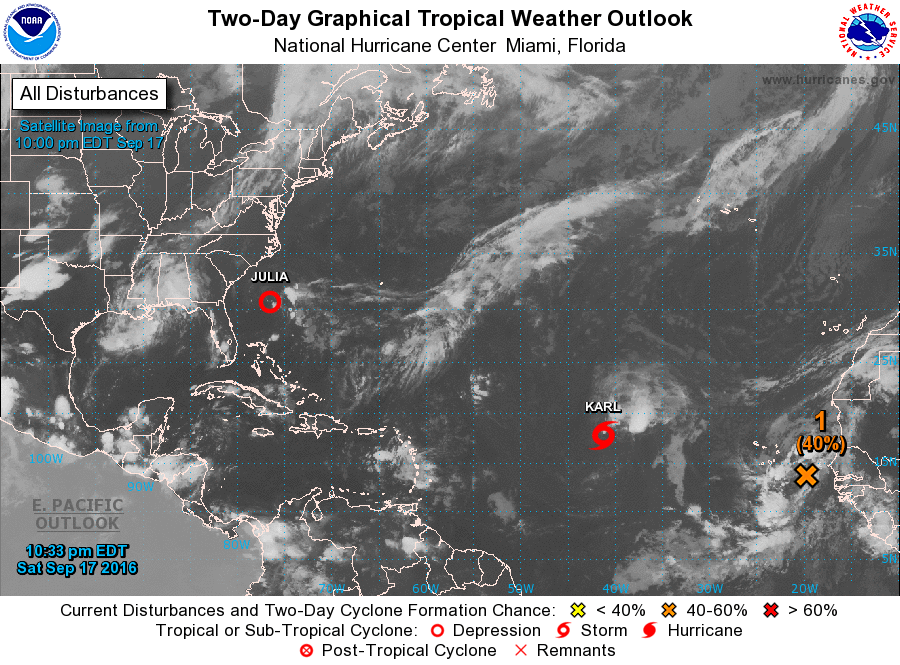
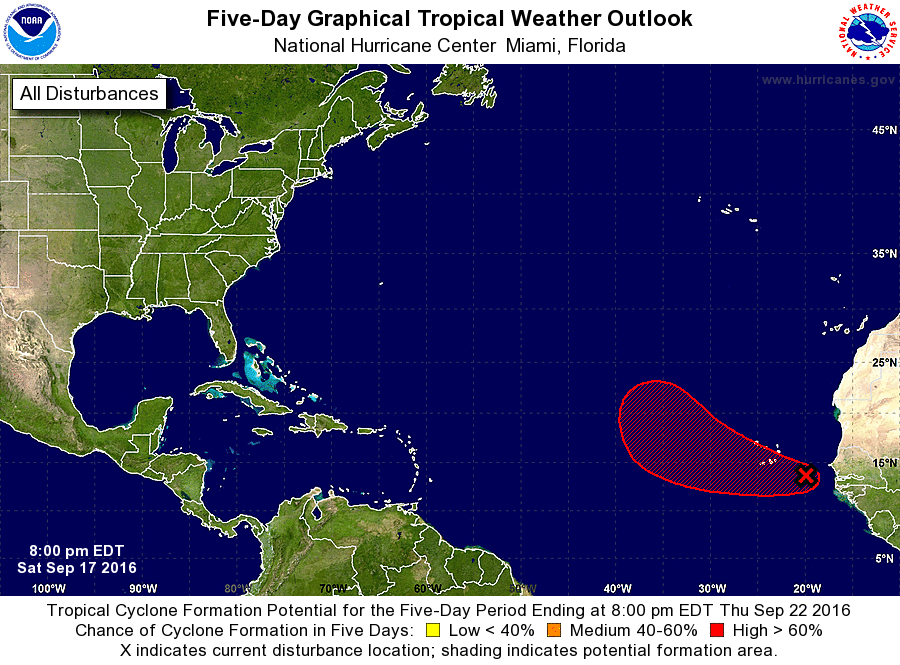
For the North Atlantic...Caribbean Sea and the Gulf of Mexico:

The National Hurricane Center is issuing advisories on Tropical Depression Julia, located a few hundred miles southeast of the coast of South Carolina, and on Tropical Storm Karl, located about midway between Africa and the Leeward Islands.

1. A broad area of low pressure located between the Cabo Verde Islands and the west coast of Africa is producing a large, but disorganized area of cloudiness and showers. Although this disturbance has not become any better organized today, conditions are favorable for a tropical depression to form by the early part of next week while the system moves west-northwestward to northwestward across the eastern tropical Atlantic. Regardless of development, heavy rains and gusty winds are expected in the Cabo Verde Islands during the next couple of days.
* Formation chance through 48 hours...medium...40 percent
* Formation chance through 5 days...high...70 percent

Forecaster Avila